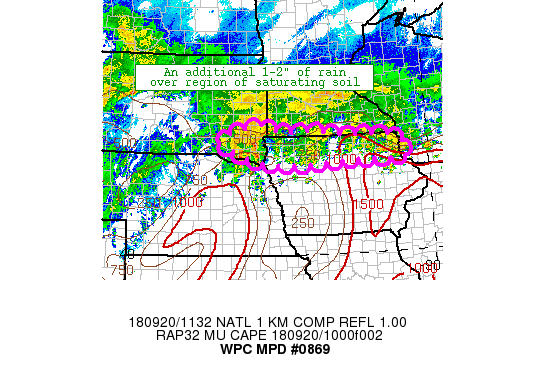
Areas affected...Southeast SD into northern IA

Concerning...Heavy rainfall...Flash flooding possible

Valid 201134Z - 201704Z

Summary...An additional 1-2" of rain over saturating soil may
result in continued flooding concerns into the morning hours.

Discussion...Areas of flooding are ongoing this morning across
portions of southeast SD into northern IA...where MRMS and
observations show a swath of 3-6" of rainfall over the past 24
hours. Rain rates this morning do not appear to be that
impressive. Recent satellite images show a lack of colder
convective cloud tops...likely indicative of weak and shallow CAPE
profiles. A shortwave lifting north across SD this morning is
helping increase an axis of surface convergence from southeast SD
east near the MN/IA border. This increased synoptic ascent from
the wave and low level convergence may help locally increase
rainfall rates this morning. Although weak CAPE profiles should
persist through the morning...likely keeping most rainfall rates
below a half inch an hour.

Thus, overall not anticipating significant additional rainfall
amounts in the next 6 hours through 17z. Current expectations are
for an additional 1-2" across the MPD area (southeast SD east near
the MN/IA border) through 17z. This rain in itself will probably
not be heavy enough to result in additional significant flash
flood concerns. However, given the heavy antecedent rainfall
mentioned above and ongoing flooding concerns across the
area...this additional rainfall may at least help to maintain some
flooding issues over the next several hours. Recent runs of the
HRRR appear too far north with their QPF axis...with the ARW and
ARW2 at least a little better with the axis of convective rains.